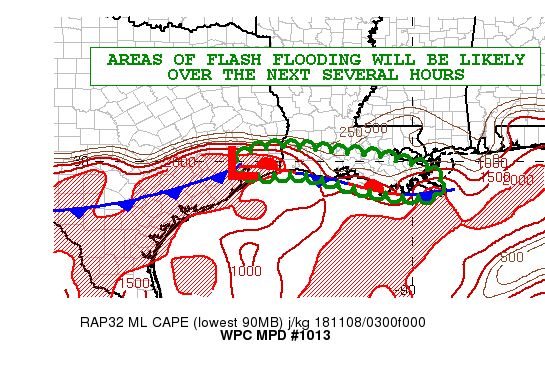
Areas affected...Far Southeast TX...Southern LA

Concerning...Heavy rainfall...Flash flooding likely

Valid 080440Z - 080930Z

Summary...Slow-moving and locally training showers and
thunderstorms will continue over the next several hours. Flash
flooding is likely.

Discussion...The latest IR satellite imagery showing an expansion
of cold convective tops across portions of southeast TX and
southwest LA where there is a wave of low pressure advancing
gradually east along a well-defined frontal zone.

A strong instability gradient is noted across the region and much
of the activity is along the north side of the gradient and in
conjunction with the best low level surface convergence.
Additionally, there is a shortwave advancing east across the
lower/middle MS Valley region which is providing sufficient DPVA
for additional deep layer ascent in vicinity of the front.

PWATS in vicinity of the front across southeast TX and southern LA
are around 2 inches, and this will allow for locally efficient
convection with enhanced rainfall rates. The latest HREF
probabilities support rainfall amounts of as much as 2 to 2.5
inches/hr, and with the slow cell motion off to the east and some
small-scale training along the front, there will likely be some
enhanced storm totals.

In fact, the latest HRRR guidance supports as much as 3 to 6
inches of rain locally, with the heaviest amounts focusing over
southwest LA. The convection should tend to weaken toward 09Z, but
in the meantime, these rainfall amounts are likely to result in
some flash flooding.